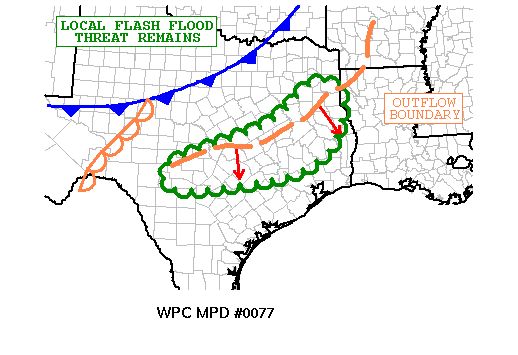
AREAS AFFECTED...CNTRL TO ERN TEXAS

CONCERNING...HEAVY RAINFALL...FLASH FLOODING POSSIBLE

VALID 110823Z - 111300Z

SUMMARY...FLASH FLOODING REMAINS POSSIBLE ACROSS PORTIONS OF CNTRL
TO ERN TEXAS AS MOIST/LOW LEVEL FLOW CONTINUES TO OVERRUN A
SOUTHWARD SAGGING OUTFLOW BOUNDARY. ADDITIONAL RAINFALL TOTALS OF
2 TO 4 INCHES WITH LOCALLY AS HIGH AS 7 INCHES WILL BE POSSIBLE
THROUGH 13Z.

DISCUSSION...AT 08Z...AN ELONGATED OUTFLOW BOUNDARY EXTENDED NEWD
ACROSS CNTRL TO ERN TEXAS...AND NWD INTO CNTRL ARKANSAS. THIS
BOUNDARY HAS BEEN MAKING STEADY FORWARD PROGRESS ACROSS THE I-35
AND I-45 CORRIDORS OVER THE PAST 2 HOURS WHICH HAS ALLOWED A LULL
IN OBSERVED 1 AND 3 HOUR RAINFALL RATES WITHIN EMBEDDED TRAINING
HEAVY RAINFALL CORES. HOWEVER...PRECIPITABLE WATER VALUES REMAIN
HIGH...WITH POTENTIAL FOR HEAVY DOWNPOURS...AS SEEN EARLIER THIS
MORNING ACROSS NAVARRO AND HENDERSON COUNTIES WHERE AN ESTIMATED
10 - 15 INCHES OF RAIN HAS FALLEN SINCE 00Z.

850 MB WINDS ARE FORECAST BY THE RAP TO WEAKEN THROUGH 12Z...AS
SEEN BY KGRK VAD WIND DECREASE FROM 35 TO 25 KTS OVER THE PAST 2
HOURS. THIS DECREASE WILL BE COINCIDENT WITH THE LIFTING OF A
MID-UPPER LEVEL TROUGH AXIS CURRENTLY OVER S-CNTRL OKLAHOMA AS
SEEN ON WATER VAPOR IMAGERY AND DIURNAL WEAKENING. HOWEVER...HIGH
MOISTURE CONTENT AIR AND REMAINING FAVORABLE SETUP FOR TRAINING
WILL CONTINUE OVER THE NEXT FEW HOURS.

TWO MITIGATING FACTORS TO FLASH FLOODING INCLUDE THE FACT THAT THE
HIGHLIGHTED THREAT REGION HAS NOT RECEIVED NEARLY AS MUCH RAINFALL
OVER THE PAST WEEK COMPARED TO LOCATIONS FARTHER NORTH. IN
ADDITION...WEAKENING 850 MB FLOW THROUGH 13Z WILL LIMIT THE DEGREE
OF OVERRUNNING AVAILABLE TO THE SOUTHWARD SINKING OUTFLOW
BOUNDARY. THE PAST FEW RUNS OF THE HRRR...ESRL'S EXPERIMENTAL HRRR
AND 00Z NMM/ARW SUGGEST AN ADDITIONAL 2-4 INCHES WITH LOCALLY UP
TO AS MUCH AS 10 INCHES BY 13Z. WHILE 10 INCHES SEEMS UNLIKELY
GIVEN THE WEAKENING SETUP...AMOUNTS AS HIGH AS 7 INCHES ON A
LOCALIZED BASIS DO NOT SEEM OUT OF THE QUESTION.